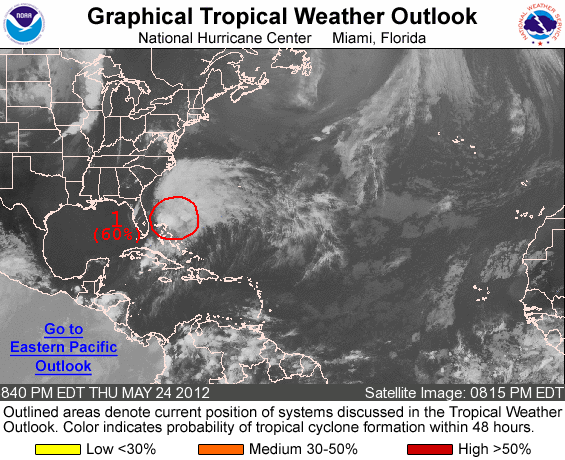
FOR THE NORTH ATLANTIC...CARIBBEAN SEA AND THE GULF OF MEXICO...

1. SATELLITE IMAGES INDICATE THAT THE CLOUD PATTERN ASSOCIATED WITH THE BROAD AREA OF LOW PRESSURE...LOCATED BETWEEN THE NORTHWESTERN BAHAMAS AND SOUTHEASTERN FLORIDA...HAS GRADUALLY BECOME BETTER ORGANIZED THIS AFTERNOON AND EVENING. ENVIRONMENTAL CONDITIONS ARE EXPECTED TO BECOME MORE CONDUCIVE FOR THE FORMATION OF A SUBTROPICAL OR TROPICAL CYCLONE BY SATURDAY OVER THE WESTERN ATLANTIC OCEAN OFF OF THE SOUTHEASTERN UNITED STATES. THIS SYSTEM HAS A HIGH CHANCE...60 PERCENT...OF BECOMING A TROPICAL OR SUBTROPICAL CYCLONE DURING THE NEXT 48 HOURS AS IT MOVES NORTHEASTWARD AT 10 TO 15 MPH.

THIS SYSTEM IS PRODUCING SUSTAINED WINDS OF AROUND 30 MPH WITH WIND GUSTS OF TROPICAL STORM FORCE...MAINLY TO THE EAST OF THE CENTER OVER WATER. REGARDLESS OF ANY DEVELOPMENT...LOCALLY HEAVY RAINFALL...FLOODING...AND GUSTY WINDS ARE STILL POSSIBLE OVER PORTIONS OF THE NORTHWESTERN AND CENTRAL BAHAMAS...AS WELL AS CENTRAL CUBA TONIGHT AND TOMORROW. INTERESTS ALONG SOUTHEASTERN UNITED STATES COAST SHOULD CLOSELY MONITOR THE PROGRESS OF THIS SYSTEM OVER THE MEMORIAL DAY WEEKEND. ANOTHER SPECIAL TROPICAL WEATHER OUTLOOK FOR THIS SYSTEM WILL BE ISSUED ON FRIDAY.

FOR ADDITIONAL INFORMATION ON THIS SYSTEM...PLEASE SEE HIGH SEAS FORECASTS ISSUED BY THE NATIONAL WEATHER SERVICE...AND PRODUCTS FROM YOUR LOCAL WEATHER OFFICE.

ELSEWHERE...TROPICAL CYCLONE FORMATION IS NOT EXPECTED DURING THE NEXT 48 HOURS.

3.

&&
4. HIGH SEAS FORECASTS ISSUED BY THE NATIONAL WEATHER SERVICE CAN BE FOUND UNDER AWIPS HEADER NFDHSFAT1 AND WMO HEADER FZNT01 KWBC.

FORECASTER KIMBERLAIN/STEWART